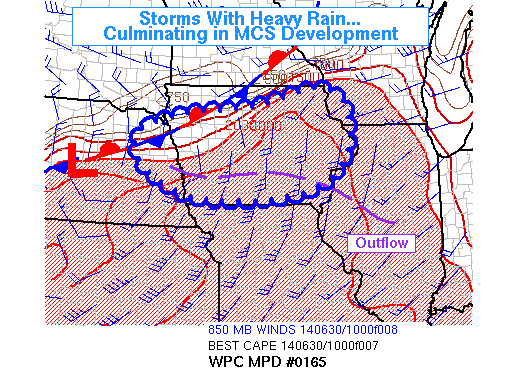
AREAS AFFECTED...IA...ERN NE...SW WI

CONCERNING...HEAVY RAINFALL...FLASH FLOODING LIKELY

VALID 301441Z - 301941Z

SUMMARY...IT IS SYNOPTICALLY EVIDENT THAT RENEWED CONVECTION OVER
NE/IA WILL GROW UPSCALE AND PRODUCE ANOTHER BROAD SWATH OF
RAINFALL...SOME OF IT HEAVY. ANTECEDENT CONDITIONS...INTENSE RAIN
RATES...AND SOME LOCALIZED TRAINING WILL LIKELY YIELD FLASH
FLOODING.

DISCUSSION...SYNOPTIC DATA AND MODELS WERE SIGNALING THE
DEVELOPMENT OF AN ORGANIZED MCS. INCREASING MID LEVEL ASCENT WAS
ALREADY EVIDENCED BY GROUPS OF SUPERCELLS AND MULTICELLS IN ERN NE
AND WRN IA AT 14Z. ALTHOUGH HAIL WAS PRESENT...HEAVY RAIN WAS ALSO
FALLING...AND SHOULD BECOME MORE PREVALENT AS UPSCALE GROWTH
OCCURS. SIMULATED REFLECTIVITY FROM SEVERAL CONSECUTIVE RUNS OF
THE HRRR BUILD AN MCS BY 17-18Z AS SLACK 850 MB FLOW TURNS TO
25-30 KT INFLOW. DURING THE FORMATIVE STAGE...SMALL ANGLES BETWEEN
VARIOUS FORMS OF STORM MOTION SUGGEST WEST TO EAST TRAINING IS
LIKELY ON A LOCAL SCALE. ONCE FORMED...THE MCS WILL BECOME FORWARD
PROPAGATING...BUT RAIN RATES MAY ALSO INCREASE WITH THE
INVOLVEMENT OF MORE BOUNDARY LAYER AIR. INCREASED SOUTHERLY INFLOW
WILL PUMP INSTABILITY BACK INTO THE REGION AROUND HIGHWAY 20 IN
IOWA WHICH SAW 1-3 INCHES OF RAIN OVERNIGHT. FURTHERMORE...RAP
FORECASTS INDICATE THE PERIOD OF COUPLED LOW LEVEL INFLOW AND MID
LEVEL ASCENT SHOULD PERSIST WELL INTO THE AFTERNOON...SETTING UP
THE POSSIBILITY OF CELL REDEVELOPMENT AND TRAINING ON THE
SOUTHWEST FLANK OF NEW OUTFLOWS.

THE 12Z KOAX SOUNDING SAMPLED THE PRE CONVECTIVE ENVIRONMENT WITH
AN IMPRESSIVE PW OF 1.73 INCHES. THIS SUGGESTS SOME LOCATIONS WILL
SEE RAIN ACCUMLATE AT 2 INCHES PER HOUR. MODELS...THOUGH DIFFERING
IN PLACEMENT...PRODUCE POCKETS OF 3+ INCHES THROUGH 00Z.